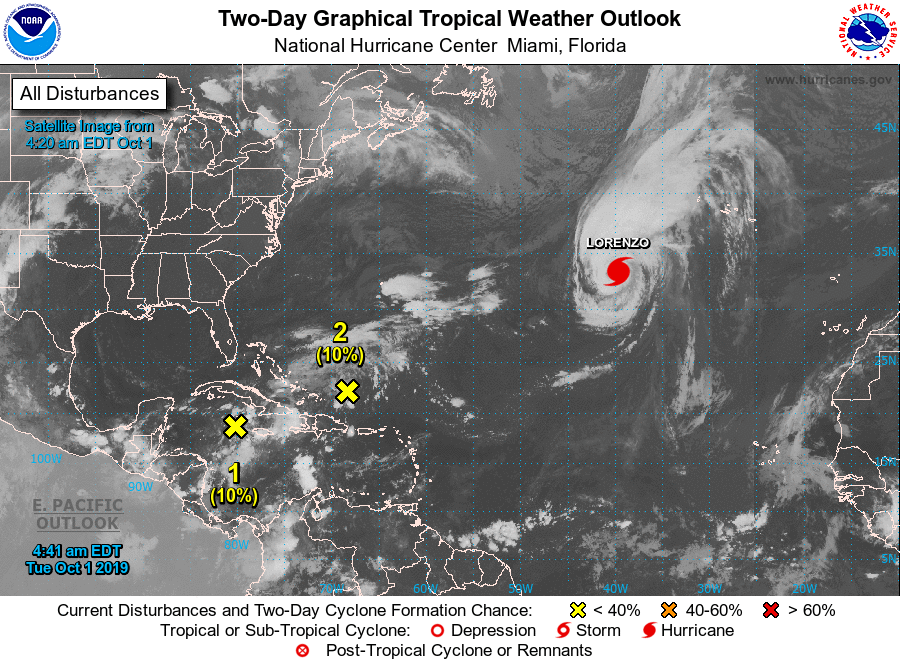
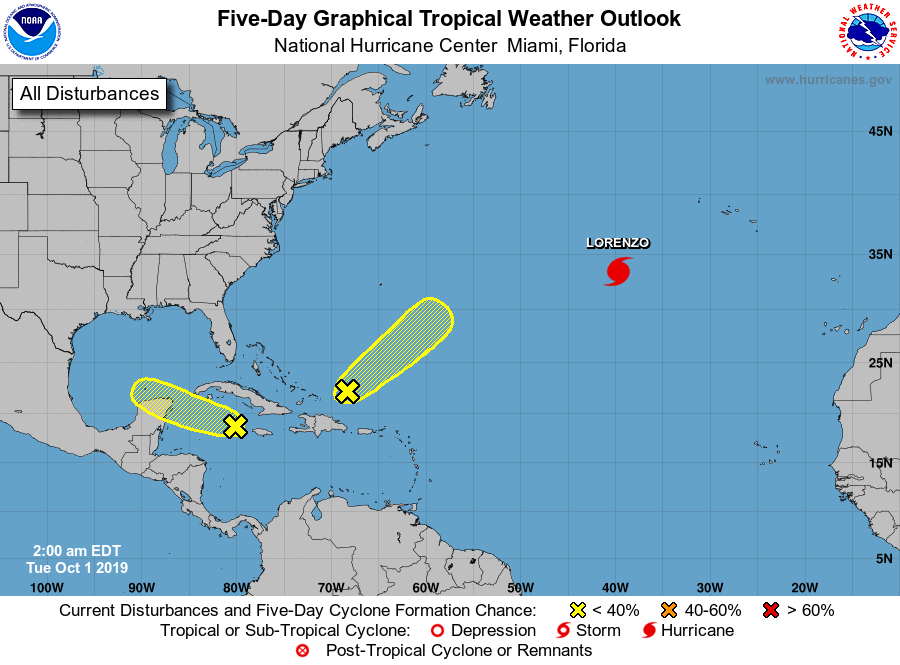
For the North Atlantic...Caribbean Sea and the Gulf of Mexico:

The National Hurricane Center is issuing advisories on Hurricane Lorenzo, located over the central Atlantic Ocean.

1. A broad area of low pressure is located over the northwestern Caribbean Sea between Grand Cayman and Jamaica, and is producing a small area of showers and thunderstorms. Development, if any, of this system is expected to be slow to occur while it moves to the west-northwest near the Yucatan peninsula in a couple of days, and across the southern Gulf of Mexico by Friday.
* Formation chance through 48 hours...low...10 percent.
* Formation chance through 5 days...low...10 percent.

2. Disorganized cloudiness and showers near and east of the southeastern Bahamas are associated with a weak surface trough. Any development of this system is expected to be slow to occur while it moves to the northeast at 5 to 10 mph, well south and east of Bermuda.
* Formation chance through 48 hours...low...10 percent.
* Formation chance through 5 days...low...20 percent.

Forecaster Pasch